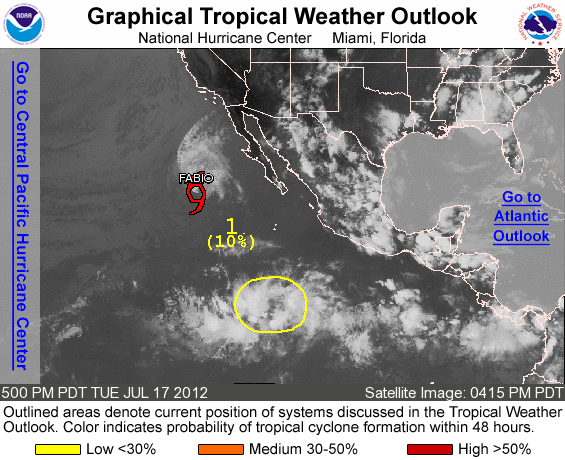
FOR THE EASTERN NORTH PACIFIC...EAST OF 140 DEGREES WEST LONGITUDE..

THE NATIONAL HURRICANE CENTER IS ISSUING ADVISORIES ON WEAKENING TROPICAL STORM FABIO...LOCATED ABOUT 685 MILES WEST OF THE SOUTHERN TIP OF BAJA CALIFORNIA.

1. A BROAD AREA OF DISTURBED WEATHER HAS DEVELOPED ABOUT 775 MILES SOUTH-SOUTHWEST OF MANZANILLO MEXICO. ANY FURTHER DEVELOPMENT OF THIS LARGE DISTURBANCE SHOULD BE SLOW TO OCCUR AS IT MOVES WESTWARD AT 10 TO 15 MPH. THIS SYSTEM HAS A LOW CHANCE...10 PERCENT...OF BECOMING A TROPICAL CYCLONE DURING THE NEXT 48 HOURS.

ELSEWHERE...TROPICAL CYCLONE FORMATION IS NOT EXPECTED DURING THE NEXT 48 HOURS.

FORECASTER STEWART